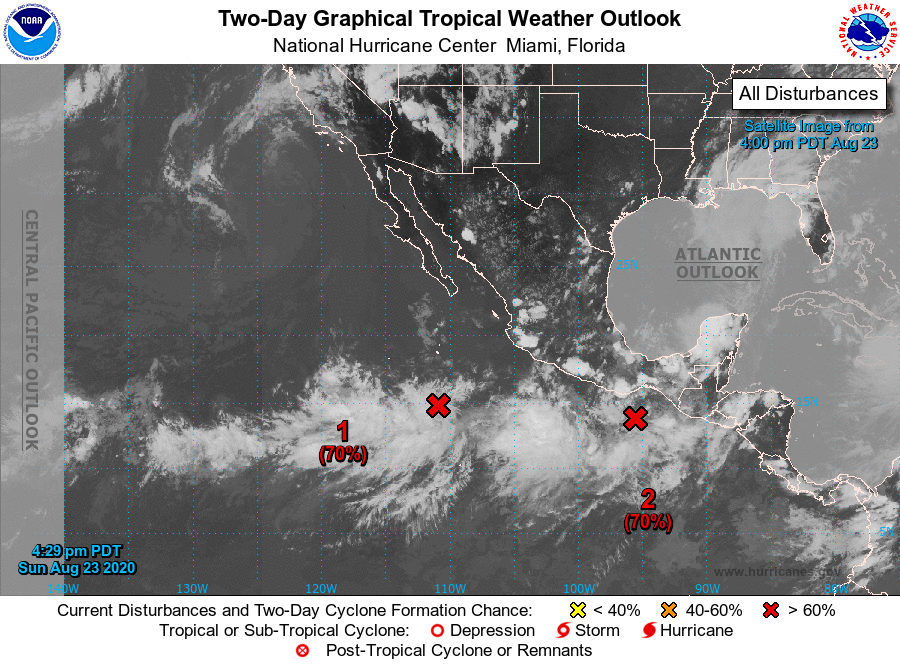
For the eastern North Pacific...east of 140 degrees west longitude:

1. A broad area of low pressure located several hundred miles south of the southern tip of the Baja California peninsula continues to produce a large area of cloudiness and thunderstorms. Conditions appear favorable for development, and a tropical depression is expected to form during the next couple of days while the system meanders or drifts northward a few hundred miles offshore of the coast of southwestern Mexico. For more information on this system see High Seas Forecasts issued by the National Weather Service under AWIPS header NFDHSFEPI, WMO header FZPN02 KWBC, and on the web at ocean.weather.gov/shtml/NFDHSFEPI.php
* Formation chance through 48 hours...high...70 percent.
* Formation chance through 5 days...high...90 percent.

2. The circulation of a low pressure area located a couple of hundred miles south-southwest of the Gulf of Tehuantepec has become better defined, but the associated shower and thunderstorm activity is currently limited. Conditions appear conducive for additional development of this system, and a tropical depression is likely to form within the next couple of days while it moves slowly northwestward, near or parallel to the southwestern coast of Mexico. Regardless of development, areas of heavy rainfall and flash flooding are likely in southeastern Mexico and northern Central America during the next several days.
* Formation chance through 48 hours...high...70 percent.
* Formation chance through 5 days...high...90 percent.

Forecaster Pasch